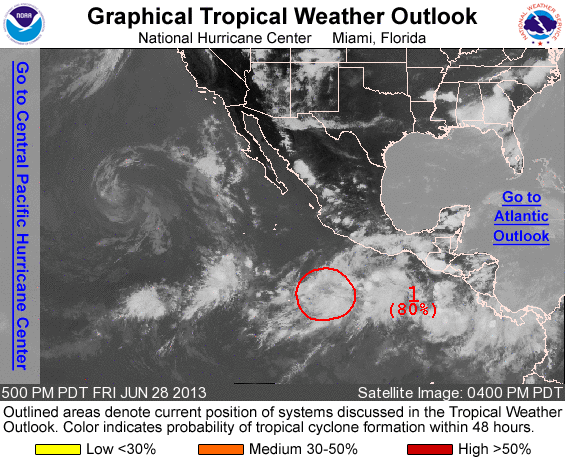
FOR THE EASTERN NORTH PACIFIC...EAST OF 140 DEGREES WEST LONGITUDE..

1. SHOWER AND THUNDERSTORM ACTIVITY ASSOCIATED WITH AN AREA OF LOW PRESSURE CENTERED ABOUT 500 MILES SOUTHWEST OF ACAPULCO MEXICO HAS CHANGED LITTLE IN ORGANIZATION OVER THE PAST FEW HOURS. HOWEVER... UPPER-LEVEL WINDS ARE FAVORABLE FOR DEVELOPMENT AND ONLY A SMALL INCREASE IN THE ORGANIZATION OF THE SHOWER AND THUNDERSTORM ACTIVITY WOULD RESULT IN THE FORMATION OF A TROPICAL DEPRESSION. THIS SYSTEM HAS A HIGH CHANCE...80 PERCENT...OF BECOMING A TROPICAL CYCLONE DURING THE NEXT 48 HOURS AS IT BEGINS TO MOVE NORTHWARD AT AROUND 5 MPH.

ELSEWHERE...TROPICAL CYCLONE FORMATION IS NOT EXPECTED DURING THE NEXT 48 HOURS.

FORECASTER BRENNAN